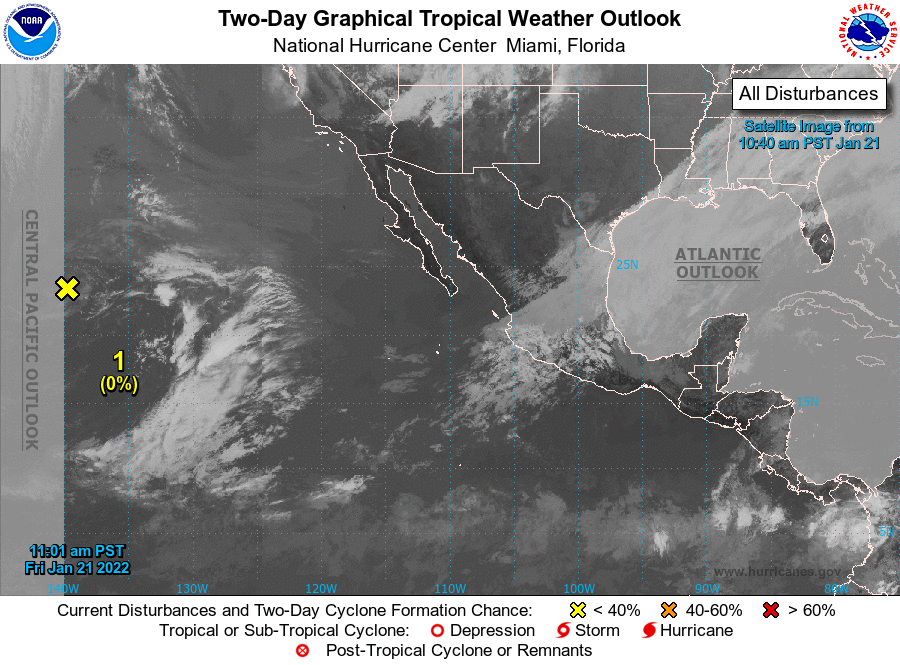
For the eastern North Pacific...east of 140 degrees west longitude:

Special Tropical Weather Outlook issued to update information on the area of low pressure located well to the east-northeast of Hawaii.

1. Shower activity is limited in association with a broad area of low pressure located about 1000 miles east-northeast of Hilo, Hawaii. This system is moving westward into hostile environmental conditions and development into a subtropical or tropical cyclone is not expected. For more information on this system, see High Seas Forecasts issued by the National Weather Service.
* Formation chance through 48 hours...low...near 0 percent.
* Formation chance through 5 days...low...near 0 percent.

This is the last Special Tropical Weather Outlook that will be issued on this system. During the remainder of the off-season, Special Tropical Weather Outlooks will be issued as conditions warrant. Routine issuance of the Tropical Weather Outlook will resume on May 15.

Forecaster Cangialosi